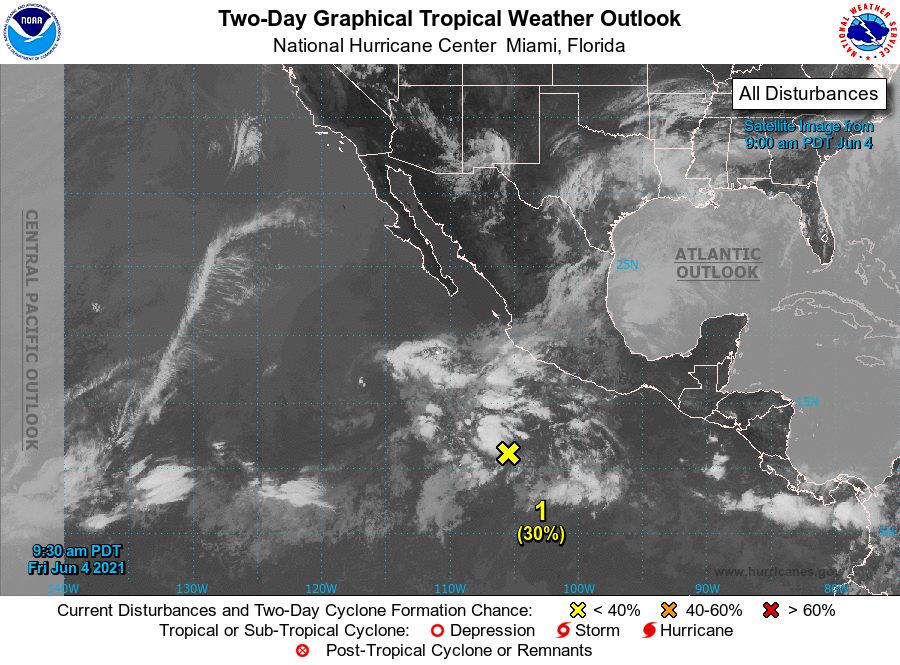
For the eastern North Pacific...east of 140 degrees west longitude:

The National Hurricane Center has issued the last advisory on Post-Tropical Cyclone Blanca, located several hundred miles southwest of the southern tip of the Baja California peninsula.

1. A trough of low pressure is producing disorganized showers and thunderstorms several hundred miles south of Manzanillo, Mexico. Additional development of this system is possible over the next several days, and a tropical depression could form late this weekend or early next week while it moves slowly to the west-northwest well off the coast of Mexico.
* Formation chance through 48 hours...low...30 percent.
* Formation chance through 5 days...medium...60 percent.

Forecaster Papin/Blake